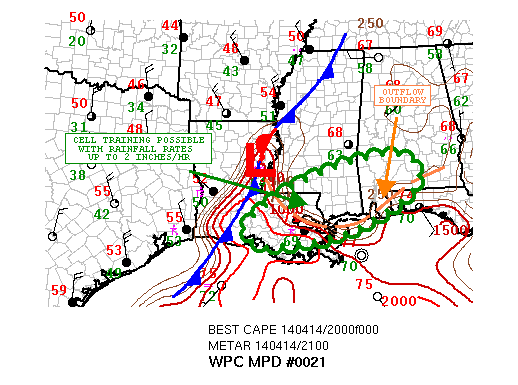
AREAS AFFECTED...SOUTHEAST LA...SOUTHERN MS...SOUTHERN
AL...EXTREME WESTERN FL

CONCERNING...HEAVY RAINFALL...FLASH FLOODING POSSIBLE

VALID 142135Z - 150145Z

SUMMARY...CONVECTION OVER SOUTHEAST LA SHOULD INTENSIFY FURTHER
AND EXPAND EAST THE NEXT FEW HOURS. GIVEN SOME POTENTIAL FOR
TRAINING AND WITH VERY HEAVY RAINFALL RATES...SOME FLASH FLOODING
WILL BE POSSIBLE.

DISCUSSION...THE LATEST IR SAT IMAGERY SHOWS CLOUD TOPS ASSOCIATED
WITH ALREADY ACTIVE CONVECTION OVER SRN AND SERN LA CONTINUING TO
COOL. THE CONVECTION IS BEING FOSTERED BY A VERY MOIST AND
MODERATELY UNSTABLE AIRMASS INTERACTING WITH THE PRESENCE OF AN
OUTFLOW BNDRY THAT WAS LAID DOWN ACROSS PORTIONS OF THE CNTRL GULF
COAST OVER THE LAST SEVERAL HOURS DUE TO ORGANIZED CONVECTION
EARLIER IN THE DAY FARTHER NORTH. IN ADDITION TO THIS...LARGER
SCALE FORCING FOR CONVECTIVE DEVELOPMENT IS BEING ENHANCED BY THE
SRN TAIL OF A SHORTWAVE TROUGH EXITING NEWD OUT ACROSS THE CNTRL
PLAINS. MEANWHILE...A COLD FRONT IS SEEN MOVING RATHER QUICKLY
EASTWARD INTO THE REGION AS WELL AND IS BEGINNING TO MERGE WITH
THE PRE-FRONTAL CONVECTION.

THE LATEST HI-RES MODEL DATA INCLUDING THE 12Z ARW...12Z NMM AND
12Z GEM REGIONAL ALL SUGGEST A PERIOD OF STRONG W/E ORIENTED
CONVECTION SETTING UP FOR THE NEXT SEVERAL HOURS JUST NORTH OF THE
CNTRL GULF COAST AND MOVING GRADUALLY ENEWD WITH TIME. DESPITE
HIGH FFG VALUES ACROSS THIS REGION...THE RAINFALL RATES SHOULD BE
QUITE HIGH AND UP TO AROUND 2 INCHES/HR IF NOT HIGHER. THIS
COUPLED WITH A FAVORABLE SET-UP FOR TRAINING WILL FAVOR SOME
POTENTIAL FOR SHORT-TERM FLASH FLOODING. IN FACT...THE
AFOREMENTIONED MODELS SUPPORT SEVERAL INCHES OF RAIN THROUGH 00Z
AND EVEN AFTER 00Z LOCALLY. WILL CONTINUE TO MONITOR.